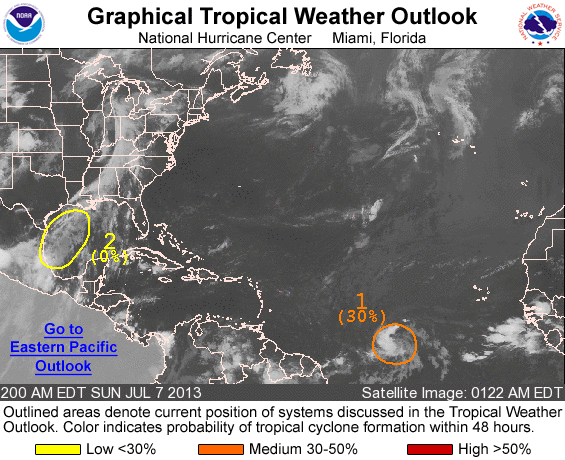
FOR THE NORTH ATLANTIC...CARIBBEAN SEA AND THE GULF OF MEXICO...

1. A STRONG TROPICAL WAVE LOCATED ABOUT 1500 MILES EAST-SOUTHEAST OF THE WINDWARD ISLANDS IS MOVING WESTWARD NEAR 25 MPH. ALTHOUGH THE SHOWER AND THUNDERSTORM ACTIVITY CONTINUES TO SHOW SIGNS OF ORGANIZATION...THERE IS NO EVIDENCE OF A CLOSED SURFACE CIRCULATION AT THIS TIME. ENVIRONMENTAL CONDITIONS ARE EXPECTED TO BE CONDUCIVE FOR SOME DEVELOPMENT OF THIS SYSTEM...AND IT HAS A MEDIUM CHANCE...30 PERCENT...OF BECOMING A TROPICAL CYCLONE DURING THE NEXT 48 HOURS.

2. DISORGANIZED CLOUDINESS AND SHOWERS OVER THE WESTERN AND CENTRAL GULF OF MEXICO ARE ASSOCIATED WITH A SURFACE TROUGH OF LOW PRESSURE. DEVELOPMENT OF THIS SYSTEM IS NOT EXPECTED...AND IT A LOW CHANCE...NEAR 0 PERCENT...OF BECOMING A TROPICAL CYCLONE DURING THE NEXT 48 HOURS. ALTHOUGH DEVELOPMENT IS NOT ANTICIPATED...THIS DISTURBANCE COULD PRODUCE PERIODS OF LOCALLY HEAVY RAINFALL ACROSS PORTIONS OF THE NORTHERN GULF COAST THROUGH MONDAY.

ELSEWHERE...TROPICAL CYCLONE FORMATION IS NOT EXPECTED DURING THE NEXT 48 HOURS.

FORECASTER CANGIALOSI